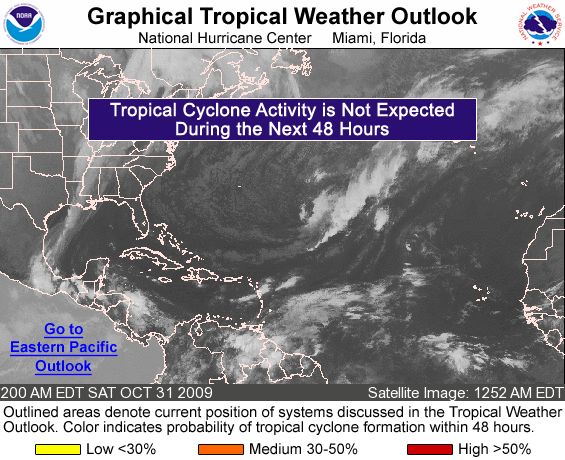
FOR THE NORTH ATLANTIC...CARIBBEAN SEA AND THE GULF OF MEXICO...

TROPICAL CYCLONE FORMATION IS NOT EXPECTED DURING THE NEXT 48 HOURS.

FORECASTER BERG